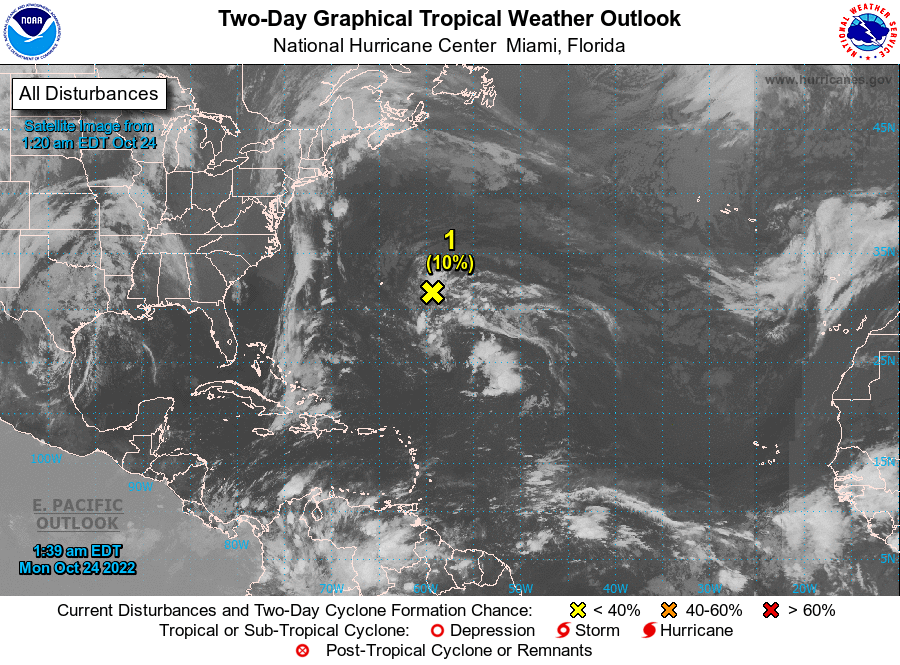
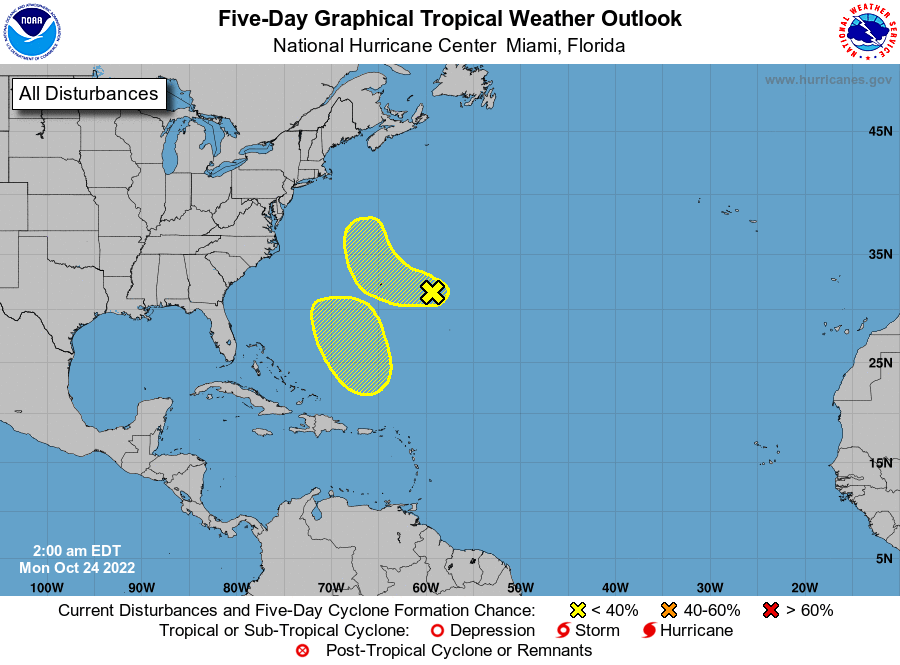
For the North Atlantic...Caribbean Sea and the Gulf of Mexico:

1. Central Subtropical Atlantic: Shower and thunderstorm activity remains disorganized in association with a sharp trough of low pressure located less than 400 miles east of Bermuda. Environmental conditions are only marginally conducive for some tropical or subtropical development of this system over the next day or so while it moves generally westward, passing near Bermuda. Afterwards, the system is forecast to turn northward towards the cooler waters of the northwestern Atlantic, and further development is not anticipated by that time as upper-level winds increase.
* Formation chance through 48 hours...low...10 percent.
* Formation chance through 5 days...low...10 percent.

2. Southwestern Atlantic: An upper-level trough currently located over the Bahamas is forecast to help induce the formation of a surface trough of low pressure to the north of Puerto Rico in a few days. Thereafter, environmental conditions could be conducive for some subtropical development of this system as it moves generally northward through the latter half of this week.
* Formation chance through 48 hours...low...near 0 percent.
* Formation chance through 5 days...low...20 percent.

Forecaster Papin